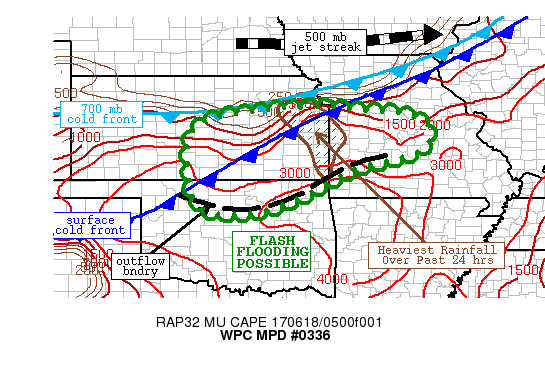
AREAS AFFECTED...CNTRL/SRN KS AND FAR NERN OK INTO WRN MO

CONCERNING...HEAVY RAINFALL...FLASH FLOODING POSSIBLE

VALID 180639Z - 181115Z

SUMMARY...BRIEF TRAINING MAY SUPPORT FLASH FLOODING RAINS FROM
E-CNTRL KS INTO WRN MO THROUGH 11Z. FARTHER SOUTH NEAR THE OK/KS
BORDER WILL HAVE THE GREATEST THREAT FOR HEAVY RAINFALL TOTALS.
BOTH AREAS COULD SEE FLASH FLOODING.

DISCUSSION...THE SRN EDGE OF A CONVECTIVE LINE HAD WEAKENED BY 05Z
INTO NRN OKLAHOMA AS IT APPROACHED A CAPPING INVERSION BUT STRONG
INDIVIDUAL CORES REMAIN DOTTED ALONG THE KANSAS/OKLAHOMA BORDER
THROUGH 06Z. BASED ON THE 06Z SPC MESOANALYSIS...ROUGHLY 2000-4000
J/KG MUCAPE REMAINS ACROSS SRN KANSAS INTO OKLAHOMA. FARTHER
NORTH...LARGELY DISORGANIZED CELLS HAVE EMERGED OVER CNTRL KANSAS
WITHIN A WEAKENED INSTABILITY RESERVOIR...BUT STILL CONTAINING AN
ESTIMATED 500-1500 J/KG OF ELEVATED CAPE. THE KANSAS CELLS APPEAR
TO BE DEVELOPING WITHIN AN AREA OF CONVERGENCE JUST AHEAD OF THE
700 MB REFLECTION OF A COLD FRONT STRETCHING WEST TO EAST ACROSS
N-CNTRL KANSAS. IN ADDITION...THE CNTRL KANSAS CONVECTION IS
OCCURRING IN THE RIGHT ENTRANCE REGION OF A 80-90 KT JET STREAK
ANALYZED AT 500 MB IN RAP MODEL AND GOES HD WIND PLOTS OVER SRN
NEBRASKA INTO IOWA. THIS JET STREAK IS FORECAST TO EDGE EAST OVER
TIME WHICH MAY SHIFT THE FOCUS INTO WRN MO BY 11Z.

THE CNTRL KANSAS STORMS ARE EXPECTED TO CONTINUE PERIODIC EPISODES
OF TRAINING FROM WEST TO EAST JUST AHEAD OF THE 700 MB FRONT AS IT
SINKS SOUTH OVER THE NEXT 3-4 HOURS...WITH RAINFALL ENDING FROM
NORTH TO SOUTH. GIVEN WIDESPREAD 2-4 INCH RAINFALL THAT FELL
ACROSS PORTIONS OF ERN KANSAS OVER THE PAST 24 HOURS...FLASH
FLOODING MAY BE AN ENHANCED THREAT OVER PORTIONS OF ERN KANSAS.

FARTHER SOUTH NEAR THE OKLAHOMA/KANSAS BORDER...GREATER
INSTABILITY WILL BE PRESENT ALONG WITH A LONGER WINDOW FOR
REPEATING/TRAINING STORMS. WHILE THE COVERAGE OF HEAVY RAIN IS NOT
EXPECTED TO BE GREAT...THE POSSIBILITY FOR A CELL OR TWO TO TRAIN
MAY CAUSE LOCALLY HEAVY RAIN RATES OF 2+ IN/HR GIVEN THE PRESENCE
OF 1.75+ INCH PRECIPITABLE WATER VALUES.